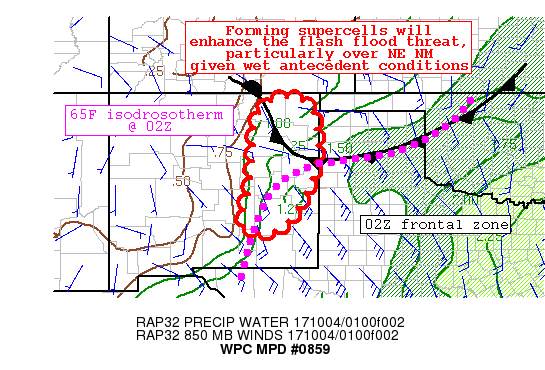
AREAS AFFECTED...EASTERN NM...

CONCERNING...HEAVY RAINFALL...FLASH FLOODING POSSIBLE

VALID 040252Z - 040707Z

SUMMARY...CONVECTION CONTINUES TO PERCOLATE ACROSS EASTERN NM
WITHIN A MOIST/UPSLOPE FLOW REGIME. IN THE PRESENCE OF SUFFICIENT
INSTABILITY PARAMETERS...MANY UPDRAFTS COULD DUMP HEAVY RAINFALL
CAPABLE OF FLASH FLOODING BEFORE ADVANCING DOWNSTREAM TOWARD THE
NM/TX BORDER.

DISCUSSION...THE 02Z FRONTAL ANALYSIS DEPICTED A BOUNDARY
EXTENDING GENERALLY ALONG I-40 ACROSS THE TX PANHANDLE AND BACK
INTO NORTHEASTERN NM. TO THE SOUTH OF THIS BOUNDARY...VAP WIND
PROFILER DATA SHOWED AMPLE SOUTH-SOUTHEASTERLY FLOW HELPING PUMP
GULF MOISTURE BACK TOWARD THE SOUTHERN HIGH PLAINS. IT DOES SEEM
THE RAP OBJECTIVE ANALYSIS IS OVERDONE WITH THE STRENGTH OF THIS
LOW-LEVEL JET...OFTEN 5 TO 10 KNOTS TOO STRONG RELATIVE TO
OBSERVATIONS. HOWEVER...CURRENT OBSERVATIONAL DATA SHOWS
SUBSTANTIAL INSTABILTY OVER THE MPD AREA...MUCAPE VALUES OF 1000
TO 2000 J/KG PER THE 02Z RAP OBJECTIVE ANALYSIS. MANY OF THE
ERUPTING CONVECTIVE CELLS HAVE BEEN SLOW MOVING WHILE LIKELY BEING
HAIL PRODUCERS BASED ON DERIVED DUAL-POL PRODUCTS VIA THE KFDX
CANNON AFB RADAR. EXPECT HEAVY DOWNPOURS TO AUGMENT THE FLASH
FLOOD THREAT...ESPECIALLY UP TOWARD NORTHEASTERN NM WHERE
CONDITIONS HAVE BEEN WETTER THE PAST WEEK OR SO.

ONE OF THE LIMITING FACTORS IS EVIDENT ON THE EXPERIMENTAL GOES-16
WATER VAPOR IMAGERY WITH A DEARTH OF MOISTURE IN THE MID/UPPER
LEVELS. THIS OBSERVATION IS ALSO CONFIRMED BY LOCAL 00Z RAOBS.
HOWEVER...ECHO TOPS WITHIN THE ACTIVE CONVECTION HAVE STILL BEEN
ABLE TO PUNCH INTO THE UPPER TROPOSPHERE WITH VALUES OVER 40 KFT.
OVERALL...THERE IS A FAIRLY STRONG HIGH-RESOLUTION MODEL CONSENSUS
FAVORING 1 TO 3 INCH RAINFALL TOTALS DURING THE NEXT SEVERAL HOURS
GENERALLY STRADDLING I-40 ACROSS EASTERN NM TOWARD THE TX BORDER.
THIS SEEMS CONSISTENT WITH THE ONGOING RADAR/SATELLITE TRENDS.
EXPECT A THREAT FOR FLASH FLOODING INTO THE OVERNIGHT
HOURS...ESPECIALLY WHILE THE CELLS ARE SLOWER MOVING IN NATURE.